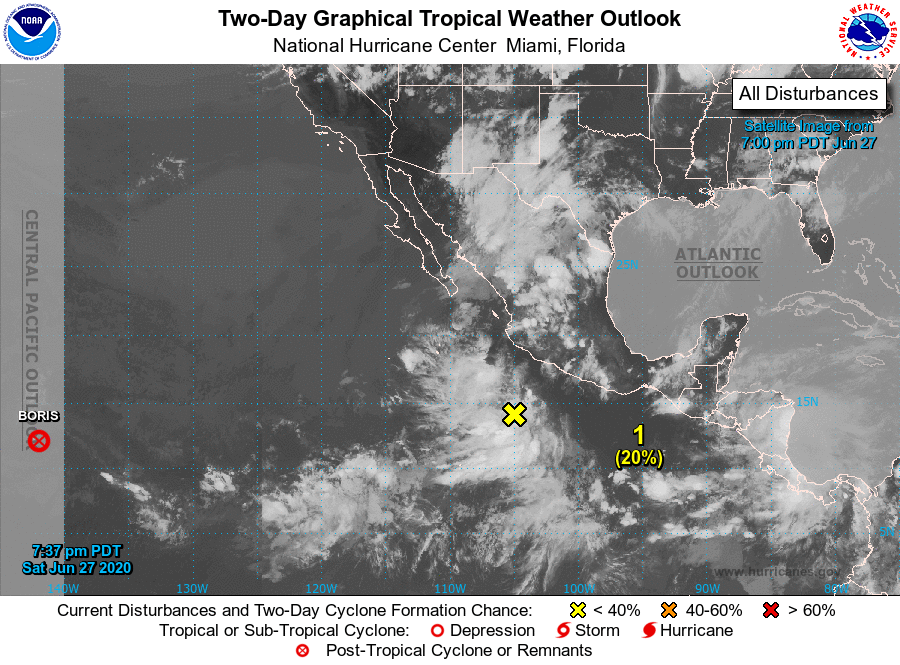
For the eastern North Pacific...east of 140 degrees west longitude:

1. An area of disorganized showers and thunderstorms is located a few hundred miles off the coast of southwestern Mexico. This system is expected to move northwestward at about 15 mph, parallel to the coast of Mexico, and some development is possible before it reaches cooler waters in a couple of days.
* Formation chance through 48 hours...low...20 percent.
* Formation chance through 5 days...low...20 percent.

Forecaster Latto